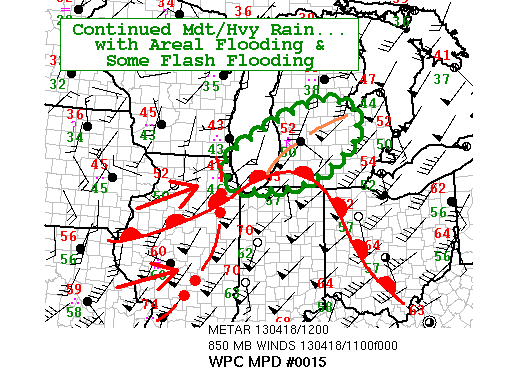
AREAS AFFECTED...SOUTHERN AND CENTRAL LOWER MICHIGAN

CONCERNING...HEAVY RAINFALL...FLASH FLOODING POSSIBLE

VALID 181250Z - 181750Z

SUMMARY...WARM FRONT AND GREATER INSTABILITY NOSING INTO A REGION
ALREADY INUNDATED BY OVERNIGHT RAINS. ADDITIONAL 1-2 INCH RAINS
WILL COMPOUND ONGOING AREAL FLOODING AND MAY RESULT IN LOCAL FLASH
FLOODING.

DISCUSSION...AN AXIS OF MID LEVEL FRONTOGENESIS...INDICATED BY THE
INVERTED SFC TROUGH ON ASSOCIATED GRAPHIC...HAD YIELDED TRAINING
STORMS OVERNIGHT/THIS MORNING. MONITORING LOCAL STORM REPORTS AND
RAINFALL MEASUREMENTS...THERE APPEARS TO BE SCATTERED TO NUMEROUS
REPORTS OF AREAL FLOODING/INUNDATION OWING TO 2 TO 4 INCHES OF
RAIN IN A REGION WHERE FLASH FLOOD GUIDANCE WAS ALREADY LOW.

THE STAGE IS SET FOR ADDITIONAL RAIN TO COMPOUND THE SITUATION.
TRAINING ECHOES WITH MDT RAIN WILL CONTINUE ALONG THE MID LEVEL
FRONT NEAR/NORTH OF KALAMAZOO TO LANSING TO FLINT...WITH THESE
ECHOES INTERCEPTING THE SOUTHWESTERLY LOW LEVEL JET.
MEANWHILE...WITH SFC WARM FRONT NOSING INTO SOUTHWEST
MICHIGAN...THE NAM SHOWS INSTABILITY INCREASING THROUGH 15 UTC IN
ADVANCE OF PROGRESSIVE SQUALL LINE OVER LAKE MICHIGAN. INCREASED
INSTABILITY ALONG WITH PRECIPITABLE WATER 1.75 INCHES...OR 3
STANDARD DEVIATIONS FROM CLIMATOLOGY... ARGUES FOR A BRIEF BURST
OF HEAVY RAIN WITH THE SQUALL LINE...RESULTING IN ADDITIONAL
RAINFALL 1-2 INCHES ATOP SATURATED GROUND. EVENT SHOULD PROPAGATE
EASTWARD BY MIDDAY.